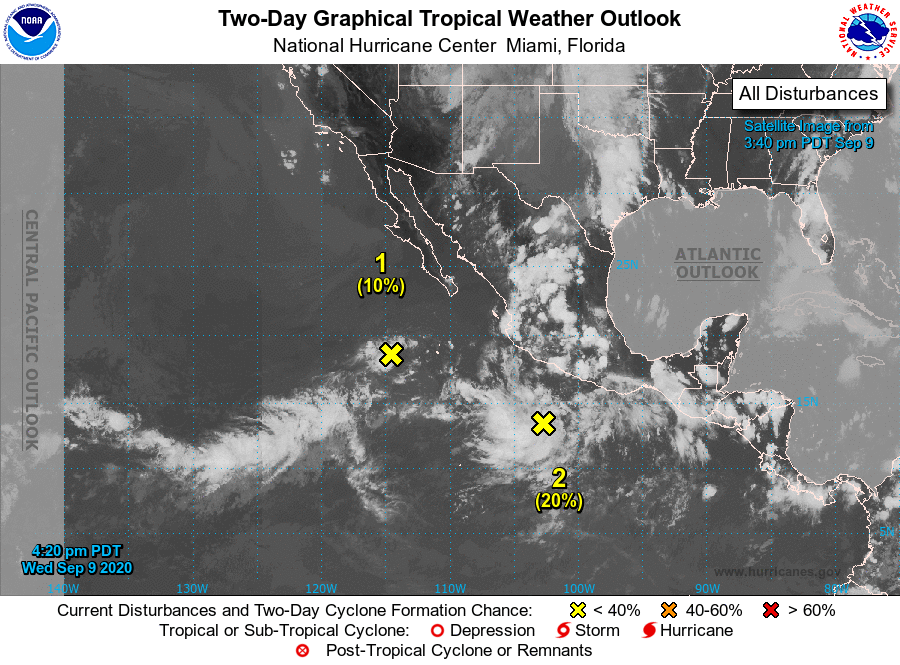
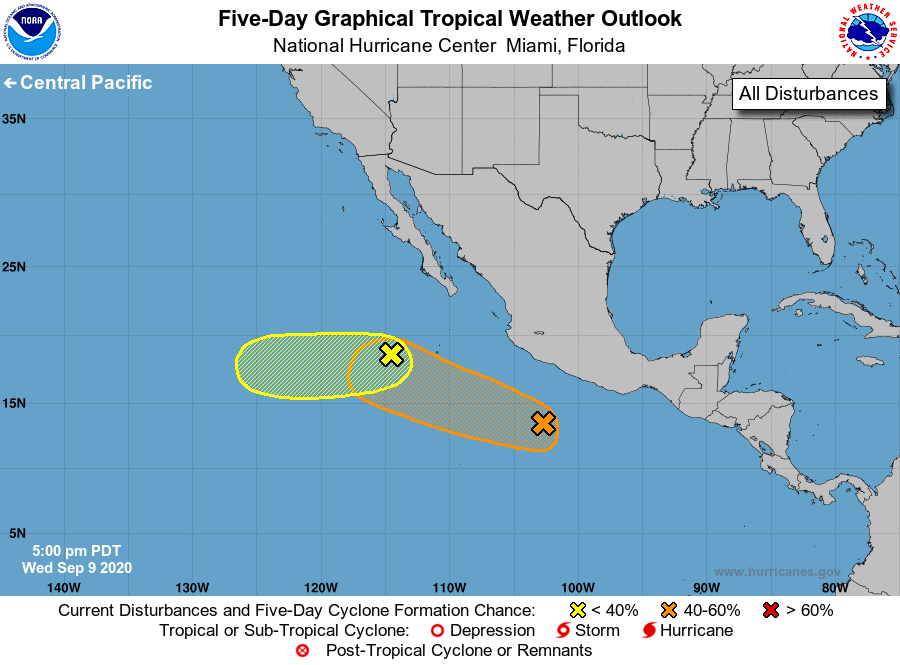
For the eastern North Pacific...east of 140 degrees west longitude:

1. An elongated area of low pressure located more than 400 miles southwest of the southern tip of the Baja California peninsula is producing limited shower activity. Environmental conditions are expected to be only marginally conducive for some development of this system during the next several days while it moves slowly westward.
* Formation chance through 48 hours...low...10 percent.
* Formation chance through 5 days...low...20 percent.

2. A tropical wave is producing a large area of disturbed weather that extends several hundred miles south and southwest of the coast of southern Mexico. Gradual development of this system is possible through this weekend and into early next week while it moves west-northwestward away from the coast of Mexico.
* Formation chance through 48 hours...low...20 percent.
* Formation chance through 5 days...medium...40 percent.

Forecaster Stewart